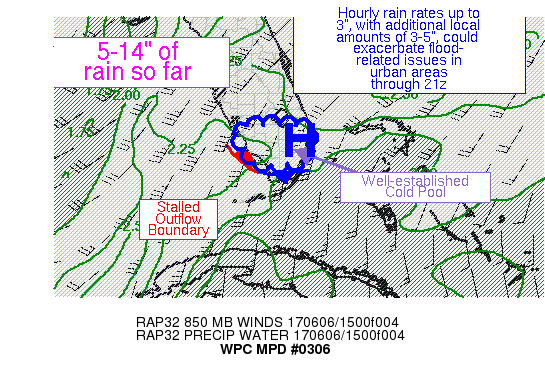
AREAS AFFECTED...PORTIONS OF SOUTH FL

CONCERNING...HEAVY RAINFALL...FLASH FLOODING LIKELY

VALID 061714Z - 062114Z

SUMMARY...SHOWERS AND THUNDERSTORMS WITH HEAVY RAINFALL CONTINUE
TRAINING FROM WEST TO EAST ACROSS THE SOUTHERN FL PENINSULA.  WITH
HOURLY RAIN RATES UP TO 3" REMAINING POSSIBLE, AND TOTALS OF 5-14"
SO FAR, FLOODING APPEARS INCREASINGLY LIKELY IN URBAN AREAS.

DISCUSSION...THUNDERSTORMS WITH COLD CLOUD TOPS CONTINUE BUILDING
NORTHEAST OF A STALLED OUTFLOW BOUNDARY OVER SOUTHERN FL AND THE
ADJACENT GULF OF MEXICO.  SURFACE OVSERVATIONS AT 17Z REVEAL A
WELL-ESTABLISHED COLD POOL OVER THE SOUTHERN PENINSULA, WITH
TEMPERATURES NEAR ITS CORE IN THE LOWER 70S.  INFLOW AT 850 HPA
REMAINS SOUTHWESTERLY ~30 KTS.  EFFECTIVE BULK SHEAR ACROSS THE
REGION REMAINS 30-40 KTS.  PRECIPITABLE WATER VALUES REMAIN ~2.25".

THE 12Z GFS-BASED GALVEZ-DAVISON INDEX SHOWS INCREASING VALUES
THROUGH 21Z IN THIS REGION, IMPLYING SCATTERED TO NUMEROUS SHOWERS
AND THUNDERSTORMS SHOULD REMAIN IN THE CARDS.  THE 12Z CANADIAN
REGIONAL MODEL APPEARS TO BE HANDLING THIS ACTIVITY THE BEST AT
THIS TIME, INCLUDING FUTURE EXPECTATIONS.  ALTHOUGH HOURLY RAIN
RATES HAVE BEEN UP TO 2" AS OF LATE PER RADAR IMAGERY, HOURLY RAIN
RATES UP TO 3" REMAIN POSSIBLE.  WITH A BROAD AREA OF 5-14" OF
RAIN TOTALS THUS FAR PER SOUTH FLORIDA WATER MANAGEMENT DISTRICT
OBSERVATIONS, AN ADDITIONAL 3-5" COULD EXACERBATE HEAVY RAIN
ISSUES WITHIN URBAN AREAS.